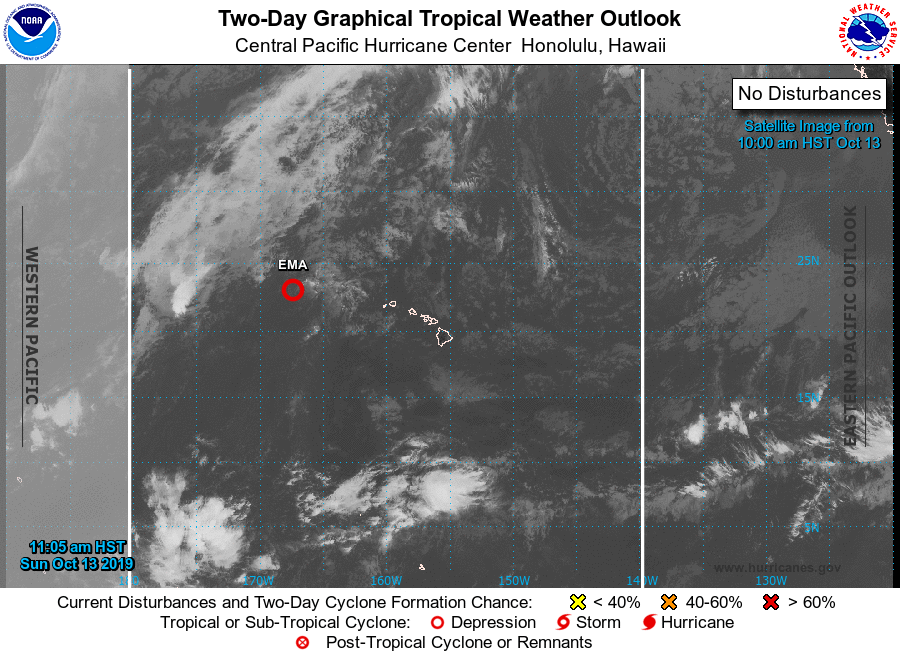
For the central North Pacific...between 140W and 180W:

The Central Pacific Hurricane Center is issuing advisories on Tropical Storm Ema, located approximately 450 miles west of Lihue, Kauai.

Elsewhere, no tropical cyclones are expected during the next 5 days.

Public Advisories on Tropical Storm Ema are being issued under WMO header WTPA35 and under AWIPS header HFOTCPCP5. Forecast Advisories are being issued under WMO header WTPA25 PHFO and under AWIPS header HFOTCMCP5.

Forecaster Kino